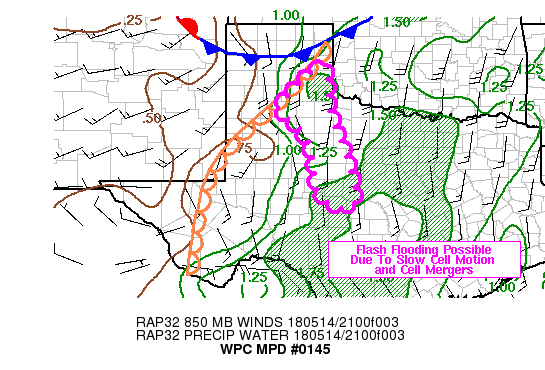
AREAS AFFECTED...SOUTHERN TX PANHANDLE TO WEST TEXAS PLAINS

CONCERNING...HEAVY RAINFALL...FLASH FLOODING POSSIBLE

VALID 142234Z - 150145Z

SUMMARY...PERSISTENT THUNDERSTORMS LATE THIS AFTERNOON AND EARLY
THIS EVENING MAY LEAD TO FLASH FLOODING WITH RAIN RATES OF 1-2
IN/HR POSSIBLE.  THIS MAY LEAD TO AREAS OF FLASH FLOODING THIS
EVENING.

DISCUSSION...A CONVECTIVE CLUSTER OVER THE SOUTHERN TX PANHANDLE
AND ADJACENT AREAS TO THE SOUTH HAVE MAINTAINED THEIR STRENGTHEN
AND BEEN GROWING MORE NUMEROUS AND MORE INTENSE LATE THIS
AFTERNOON.  RADAR HAS SHOWN MULTIPLE CELL MERGERS ALREADY ALONG
WITH SLOW MOVING CELLS OVER SOUTHERN PORTION OF THE AREA.
RAINFALL RATES IN EXCESSIVE OF AN INCH PER HOUR CAN OCCUR HERE AS
AN AIRMASS WITH PRECIPITABLE WATER VALUES BETWEEN 1.25 INCHES AND
1.5 INCHES ARE ADVECTED NORTHWARD TOWRDS A COLD FRONT APPROACHING
FROM THE NORTH AND AN QUASI STATIONARY DRY LINE TO ITS WEST.

THE MORE CONTINUOUS AREA OF REFLECTIVITY NEAR OR ABOVE 50 DBZ
SHOULD LEAD TO HEAVY RAINFALL FOR MORE THAN AN HOUR...
PARTICULARLY NEAR CONFLUENCE OF THE TWO BOUNDARIES.  IN
ADDITION...ISOLATED CELLS BETWEEN SNK AND SJT HAVE BEEN VERY SLOW
MOVING AND ARE LIKELY TO INTERACT AND MERGE WITH ADDITIONAL
CONVECTION OVER THE NEXT COUPLE OF HOURS BEFORE CONVECTION BEGINS
TO WANE AS SUGGESTED BY SEVERAL OF THE CONVECTIVE ALLOWING MODELS.

THEREFORE...A NEAR-TERM FLASH FLOOD THREAT APPEARS TO EXIST BASED
ON RECENT RADAR TRENDS ALONE.